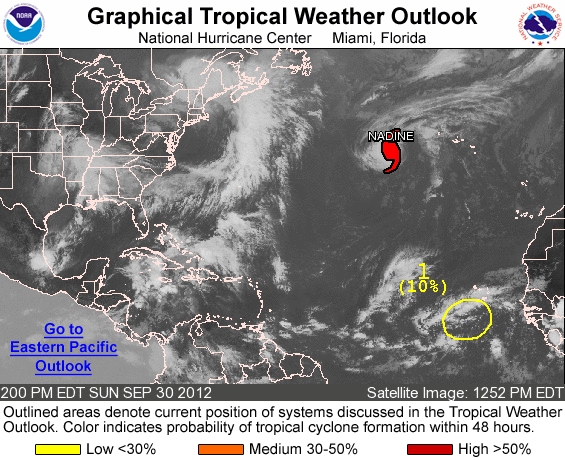
FOR THE NORTH ATLANTIC...CARIBBEAN SEA AND THE GULF OF MEXICO...

THE NATIONAL HURRICANE CENTER IS ISSUING ADVISORIES ON HURRICANE NADINE...LOCATED ABOUT 640 MILES WEST OF THE AZORES.

1. A BROAD LOW PRESSURE AREA ASSOCIATED WITH A TROPICAL WAVE HAS FORMED A COUPLE HUNDRED MILES SOUTHWEST OF THE CAPE VERDE ISLANDS. ALTHOUGH THE ASSOCIATED SHOWER ACTIVITY IS CURRENTLY LIMITED... ENVIRONMENTAL CONDITIONS APPEAR FAVORABLE FOR GRADUAL DEVELOPMENT OF THIS SYSTEM DURING THE NEXT COUPLE OF DAYS. THIS DISTURBANCE HAS A LOW CHANCE...10 PERCENT...OF BECOMING A TROPICAL CYCLONE DURING THE NEXT 48 HOURS.

ELSEWHERE...TROPICAL CYCLONE FORMATION IS NOT EXPECTED DURING THE NEXT 48 HOURS.

FORECASTER BROWN